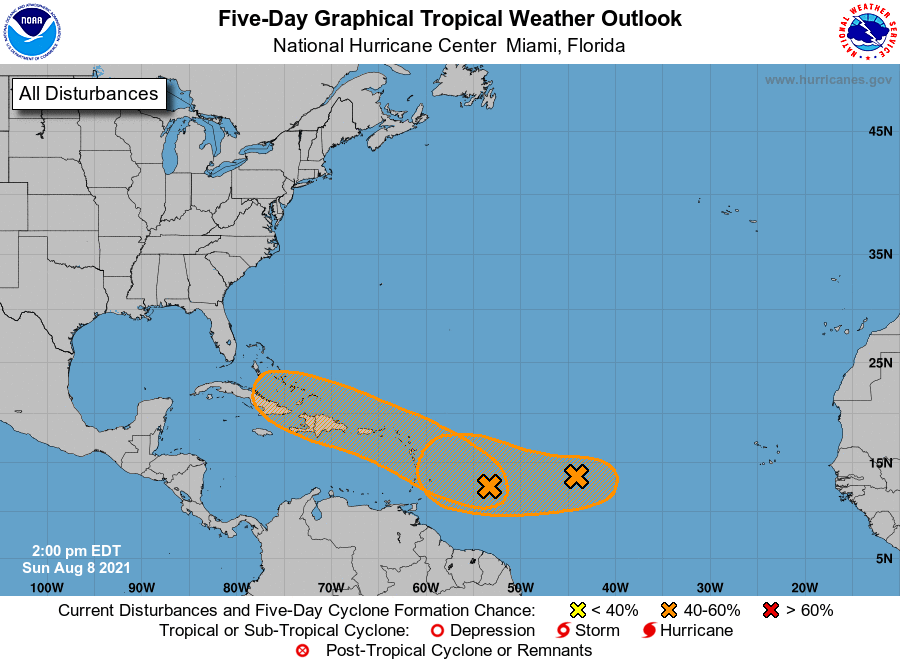
For the North Atlantic...Caribbean Sea and the Gulf of Mexico:

1. An elongated area of low pressure located several hundred miles east of the Windward Islands continues to produce disorganized showers and thunderstorms. Environmental conditions are expected to be favorable to support some gradual development over the next few days, and this system could become a tropical depression while it moves west-northwestward at 10 to 15 mph. The disturbance is forecast to reach portions of the Lesser Antilles late Monday, and then move near the Virgin Islands and Puerto Rico on Tuesday, and near Hispaniola around the middle of this week. Interests in those areas should monitor the progress of this system, as it could bring locally heavy rainfall and gusty winds to portions of that area.
* Formation chance through 48 hours...medium...40 percent.
* Formation chance through 5 days...medium...50 percent.

2. Showers and thunderstorms associated with an area of low pressure located over the tropical Atlantic about midway between the Cabo Verde Islands and the Lesser Antilles have diminished this morning. Although environmental conditions appear to be only marginally conducive for development, this system could still become a tropical depression later this week while it moves toward the west-southwest or west at around 10 mph.
* Formation chance through 48 hours...low...30 percent.
* Formation chance through 5 days...medium...40 percent.

Forecaster Brown